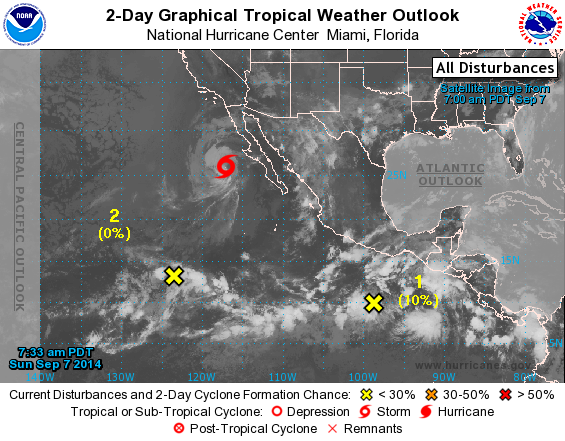
For the eastern North Pacific...east of 140 degrees west longitude:

The National Hurricane Center is issuing advisories on Hurricane Norbert, located offshore of the west-central coast of the Baja California peninsula.

1. Disorganized showers and thunderstorms located several hundred miles south of the southern coast of Mexico are associated with a trough of low pressure. Environmental conditions are expected to be conducive for gradual development of this system during the next several days while it moves slowly northwestward.
* Formation chance through 48 hours...low...10 percent.
* Formation chance through 5 days...medium...50 percent.

2. An area of disorganized showers and thunderstorms centered about 1200 miles south-southwest of the southern tip of the Baja California peninsula is associated with a broad area of low pressure. Environmental conditions could become more conducive for some development of this system by mid-week while this disturbance remains nearly stationary.
* Formation chance through 48 hours...low...near 0 percent.
* Formation chance through 5 days...low...20 percent.

Forecaster Brown